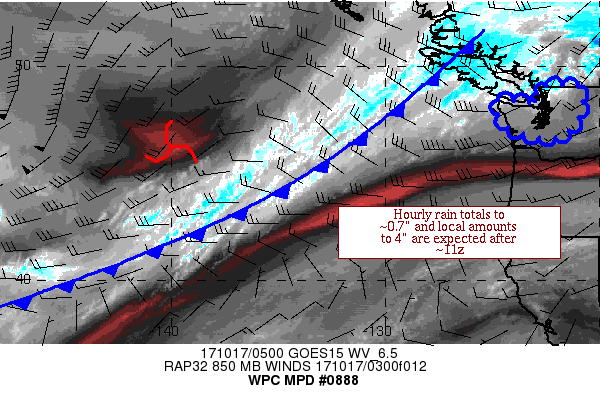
AREAS AFFECTED...NORTHWEST WA

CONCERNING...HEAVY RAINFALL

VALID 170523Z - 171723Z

SUMMARY...AN ATMOSPHERIC RIVER WITH ITS ASSOCIATED HEAVY
PRECIPITATION IS POISED TO MAKE LANDFALL IN NORTHWEST WA AROUND
11Z, LEADING TO HOURLY RAIN TOTALS UP TO 0.7" AND LOCAL AMOUNTS TO
4" BY 18Z.

DISCUSSION...A COLD FRONT IS SHIFTING SOUTHEAST ACROSS BRITISH
COLUMBIA AND THE ADJACENT PACIFIC IN THE DIRECTION OF WASHINGTON.
A RECENT SAB/NESDIS BRIEFING NOTED THAT AN AREA OF PRONOUNCED
SURFACE MOISTURE CONVERGENCE WAS SEEN WITHIN GOES HIGH DENSITY
WIND FIELDS NEAR THE FRONT.  THE MOISTURE CHANNEL/ ATMOSPHERIC
RIVER IS LONG AND STRETCHES BACK TO JAPAN AND SOUTHERN CHINA.  THE
NEXT SIGNIFICANT DISTURBANCE ALOFT UPSTREAM WAS NOTED NEAR 46N
140W AS AN AREA OF DARKENING ON GOES-15 WATER VAPOR IMAGERY.
PRECIPITABLE WATER VALUES (PWS) OF 1.25-1.5" LIE WITHIN THE RIVER
BASED ON SATELLITE ESTIMATES OFFSHORE.  CURRENT PWS ARE 1-1.25"
ACROSS THE REGION PER GPS DATA.  INFLOW AT 850 HPA IS SOUTHWEST
20-25 KTS PER VAD WIND PROFILES AND THE WIND FLOW IS NEARLY
UNIDIRECTIONAL WITH HEIGHT.

RAP MASS FIELDS SUGGEST THAT THE FRONTAL ZONE AND ITS ASSOCIATED
BOUNDARY LAYER MOISTURE CONVERGENCE REACHES QUILLAYUTE ~11Z AS
DIVERGENCE ALOFT INCREASES AND MOVES THROUGH THE COASTAL RANGES
AND CASCADES WITH TIME.  LATE IN THE PERIOD, AFTER 15Z, SNOW
LEVELS START DROPPING IN EARNEST, BOTTOMING OUT NEAR 5500 FEET IN
THE NORTHERN CASCADES AND OLYMPIC PENINSULA BY 18Z, BUT THIS IS
EXPECTED TO OCCUR AS THE HEAVIER PRECIPITATION SHIFTS SOUTHWARD.
MUCAPE VALUES OF 100-200 J/KG (PER SREF MEAN OUTPUT) COMBINED WITH
INFLOW AT 850 HPA/THE MEAN 850-400 HPA WIND RISING TO ~55 KTS
SUGGEST THAT HOURLY RAIN RATES SHOULD MAXIMIZE IN 0.6-0.7" RANGE,
WHICH IS SUPPORTED BY 12Z ARW AND 00Z HRRR RUNS.  THE MESOSCALE
GUIDANCE IS IN GOOD AGREEMENT ON LOCAL AMOUNTS OF 3-4" BEING
POSSIBLE, MAINLY DURING THE 12-18Z PERIOD.